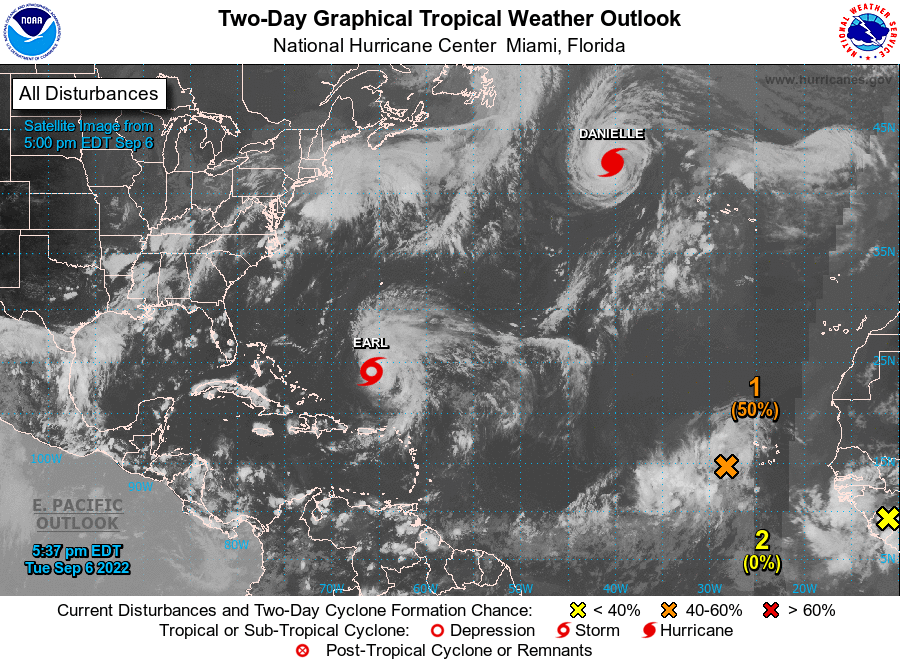
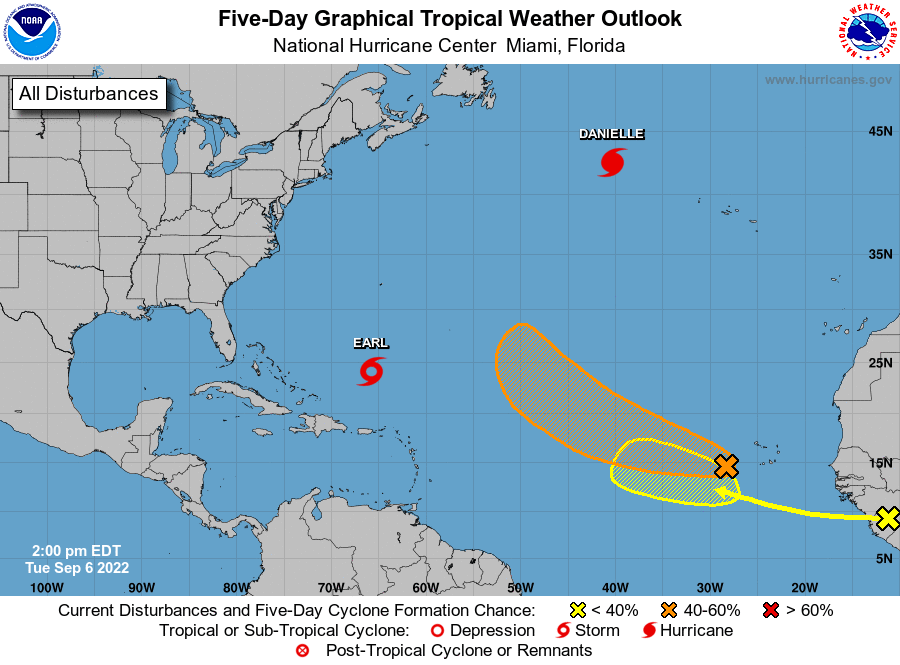
For the North Atlantic...Caribbean Sea and the Gulf of Mexico:

Active Systems: The National Hurricane Center is issuing advisories on Hurricane Danielle, located about 800 miles west-northwest of the Azores, and on Tropical Storm Earl, located less than 600 miles south of Bermuda.

1. Eastern Tropical Atlantic: Disorganized showers and thunderstorms continue near the Cabo Verde Islands extending southwestward several hundred miles in association with a broad area of low pressure. Environmental conditions are conducive for some development of this system, and a tropical depression could form in a few days while moving westward to west-northwestward at 15 to 20 mph over the eastern and central tropical Atlantic. Upper-level winds are forecast to become less conducive for development late this week.
* Formation chance through 48 hours...medium...50 percent.
* Formation chance through 5 days...medium...60 percent.

2. African Coast: A tropical wave currently located over western Africa is forecast to emerge offshore into the eastern Atlantic in a day or two. Environmental conditions appear generally conducive for some slow development thereafter as the system moves west-northwestward over the eastern tropical Atlantic.
* Formation chance through 48 hours...low...near 0 percent.
* Formation chance through 5 days...low...20 percent.

Forecaster Papin/Carbin